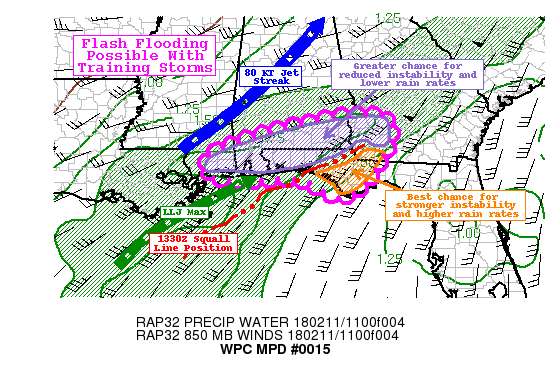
AREAS AFFECTED...FL PANHANDLE...SW GA...S AL...COASTAL MS

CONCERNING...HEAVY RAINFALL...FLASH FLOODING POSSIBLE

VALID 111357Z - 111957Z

SUMMARY...PERSISTENT THUNDERSTORM ACTIVITY THROUGH THE MORNING AND
INTO THE EARLY AFTERNOON MAY PRODUCE HEAVY RAIN RATES UP TO 2
IN/HR AND LOCALIZED FLASH FLOODING. FLOODING ISSUES WILL BE MOST
LIKELY IN URBAN AREAS OF THE FLORIDA PANHANDLE.

DISCUSSION...REGIONAL RADARS SHOWED AN EXTENSIVE SQUALL LINE IN A
LINE ECHO WAVE PATTERN (LEWP) EXTENDING FROM NEAR LAKE
SEMINOLE...TO NEAR DESTIN...AND THEN SOUTHWEST OVER THE GULF OF
MEXICO TO A POINT AROUND 100 MILES SW OF THE MOUTH OF THE
MISSISSIPPI RIVER. THE VIGOROUS CONVECTION WAS LARGELY CONTAINED
WITHIN THE AXIS OF HIGHEST PRECIPITABLE WATER AND THE
SOUTHWESTERLY LOW-LEVEL JET. ELEMENTS WITHIN THE SQUALL LINE WERE
GENERALLY MOVING TO THE NORTHEAST...HOWEVER DISTINCT MESOVORTICES
(SUCH AS ONE ABOUT 20 MILES OFFSHORE OF OKALOOSA COUNTY AT 1345Z)
WERE SHOWING A GREATER EASTERLY COMPONENT TO THEIR MOTION. CORFIDI
VECTORS DO IMPLY A GRADUAL EASTWARD DRIFT OF THE LINE THIS
MORNING...BUT THESE BOWING LINE SEGMENTS MAY ACCELERATE PORTIONS
OF THE LINE FASTER TO THE EAST AT TIMES. CORFIDI VECTORS
EVENTUALLY BACK AROUND TO A MORE SW DIRECTION THIS
AFTERNOON...RAISING THE POSSIBILITY THAT OFFSHORE CONVECTION WILL
EVENTUALLY BEGIN TO BUILD BACK INTO AREAS THAT HAVE ALREADY
RECEIVED RAINFALL.

HI-RES MODELS ARE STRUGGLING WITH THEIR DEPICTION OF THE ONGOING
SCENARIO ACROSS THE CENTRAL AND EASTERN GULF COAST.
FUNDAMENTALLY...THERE IS A GREATER CHANCE FOR BUILDING INSTABILITY
JUST AHEAD OF THE SQUALL LINE OVER THE CENTRAL AND EASTERN FLORIDA
PANHANDLE. GOES-16 VISIBLE SATELLITE ALREADY SHOWED SOME FILTERED
SUNSHINE...WHILE DEEPER CLOUD COVER EXISTED IN THE IMMEDIATE
VICINITY OF THE SQUALL LINE AND BACK TO THE WEST AND NORTHWEST.
THE STRONGER INSTABILITY...COMBINED WITH GREATER LOW-LEVEL FORCING
ALONG THE GUST FRONT...SUGGEST THAT THE MOST ORGANIZED CONVECTION
AND STRONGER RAIN RATES ARE LIKELY TO PERSIST IN THE FLORIDA
PANHANDLE. HOWEVER...PWATS BEGIN TO DECREASE EAST OF THE
APALACHICOLA RIVER...SO THERE IS A SMALLER AREA THAT IS LIKELY TO
BE MOST FAVORABLE FOR FLASH FLOODING THIS MORNING AND EARLY THIS
AFTERNOON. RAIN RATES OF UP TO 2 IN/HR WILL BE POSSIBLE...AND SOME
LOCALIZED TOTALS COULD EXCEED 5 INCHES.

HOWEVER...THERE IS ALSO THE POTENTIAL FOR RENEWED DEVELOPMENT AND
BACKBUILDING FURTHER TO THE WEST ALONG THE GULF COAST.
PRECIPITABLE WATER VALUES IN EXCESS OF 1.5 INCHES SHOULD STRETCH
AS FAR WEST AS THE CENTRAL LOUISIANA COAST...WITH LOW-LEVEL INFLOW
FROM THE SW OR WSW ALONG THE ENTIRE GULF COAST. ADDITIONALLY...THE
RIGHT ENTRANCE REGION OF A 80+ KNOT UPPER LEVEL JET STREAK SHOULD
BE FAVORABLY ALIGNED WITH SE LA...SRN MS...AND SRN AL OVER THE
NEXT 6 HOURS. REGIONAL RADARS ALREADY SHOW SOME SCATTERED
CONVECTION ACROSS THE SAME AREA BEHIND THE PRIMARY SQUALL
LINE...BUT OBSERVED RAIN RATES WERE LOWER THAN WHAT WAS BEING
EXPERIENCED WITH THAT SQUALL LINE. GIVEN THE MORE EXTENSIVE CLOUD
COVER...THERE IS A BETTER CHANCE THAT INSTABILITY WILL CONTINUE TO
BE RESTRICTED FROM COASTAL MISSISSIPPI INTO SOUTHERN ALABAMA...AND
THUS RAIN RATES MAY CONTINUE TO BE LIMITED. HOWEVER...IF A MORE
COHERENT FOCUSING MECHANISM CAN FAVORABLY ALIGN WITH LOW-LEVEL
INFLOW AND POCKETS OF GREATER INSTABILITY CAN DEVELOP...LOCALIZED
FLASH FLOODING COULD OCCUR WITH TRAINING BANDS OF RAIN OVER
ALREADY SATURATED GROUND. THIS WOULD BE MOST LIKELY WITHIN 20
MILES OF THE IMMEDIATE COAST WHERE INSTABILITY SHOULD BE HIGHEST.